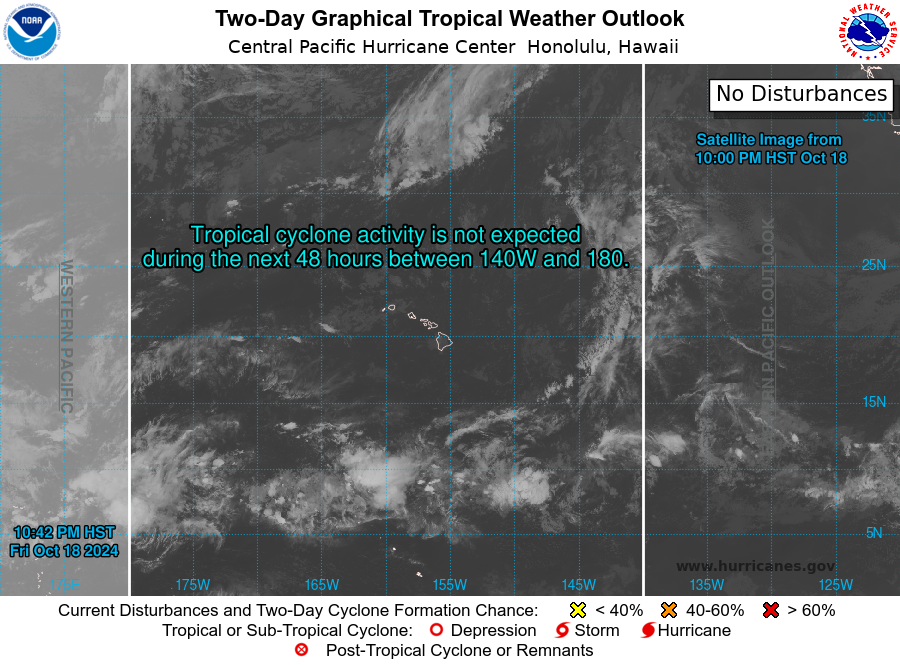
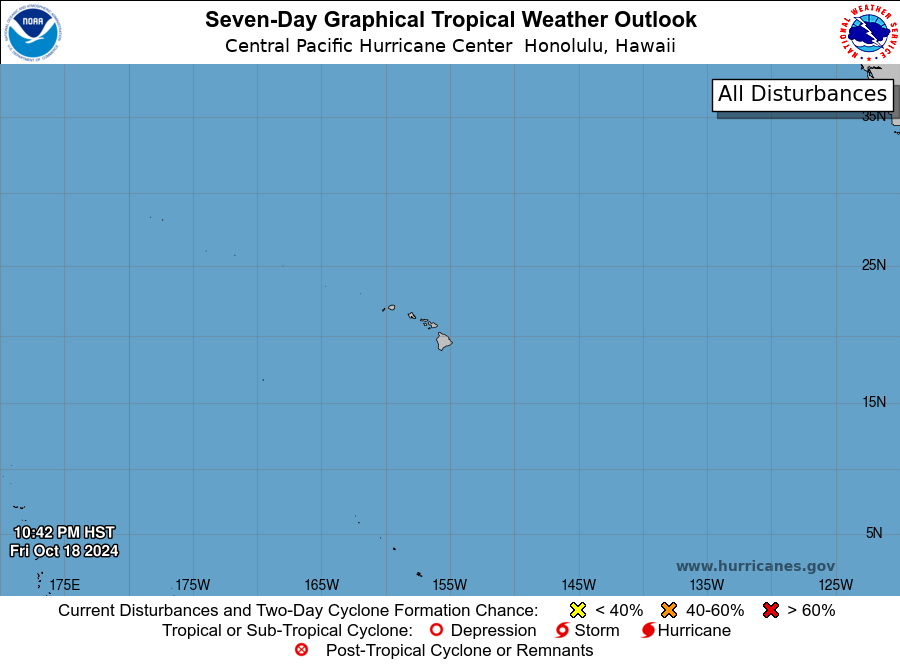
For the central North Pacific...between 140W and 180W:

No tropical cyclones are expected during the next 7 days.

Forecaster Bohlin